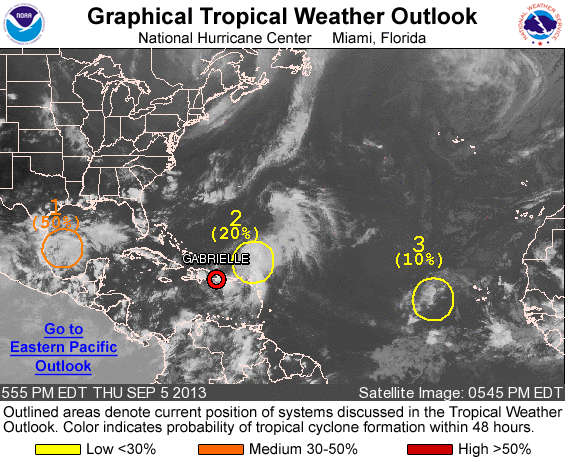
FOR THE NORTH ATLANTIC...CARIBBEAN SEA AND THE GULF OF MEXICO...

SPECIAL OUTLOOK ISSUED TO PROVIDE AN UPDATE ON SYSTEM IN THE SOUTHWESTERN GULF OF MEXICO.

THE NATIONAL HURRICANE CENTER IS ISSUING ADVISORIES ON TROPICAL DEPRESSION GABRIELLE...LOCATED NEAR THE SOUTHEAST COAST OF THE DOMINICAN REPUBLIC.

1. UPDATED...AN AIR FORCE RESERVE RECONNAISSANCE AIRCRAFT INVESTIGATED THE BROAD AREA OF LOW PRESSURE LOCATED ABOUT 150 MILES EAST OF TAMPICO MEXICO AND DID NOT FIND A WELL-DEFINED CENTER OF CIRCULATION. IN ADDITION...THE ASSOCIATED SHOWERS AND THUNDERSTORMS HAVE NOT BECOME ANY BETTER ORGANIZED OVER THE PAST SEVERAL HOURS. SOME DEVELOPMENT OF THIS SYSTEM IS STILL POSSIBLE...AND A TROPICAL DEPRESSION COULD FORM BEFORE THE LOW MOVES INLAND ALONG THE COAST OF MEXICO ON FRIDAY. THIS SYSTEM HAS A MEDIUM CHANCE...50 PERCENT...OF BECOMING A TROPICAL CYCLONE DURING THE NEXT 48 HOURS...AND A MEDIUM CHANCE...50 PERCENT...OF BECOMING A TROPICAL CYCLONE DURING THE NEXT 5 DAYS. REGARDLESS OF TROPICAL CYCLONE FORMATION...HEAVY RAIN AND GUSTY WINDS WILL BE POSSIBLE ALONG THE COAST OF THE MEXICAN STATES OF VERACRUZ AND TAMAULIPAS THROUGH FRIDAY.

2. A LARGE AREA OF DISORGANIZED SHOWERS AND THUNDERSTORMS...ASSOCIATED WITH A SURFACE TROUGH...EXTENDS FROM THE NORTHERN LEEWARD ISLANDS NEAR TROPICAL DEPRESSION GABRIELLE NORTHWARD OVER THE ATLANTIC WATERS FOR SEVERAL HUNDRED MILES. ANY DEVELOPMENT OF THIS SYSTEM IS EXPECTED TO BE SLOW DUE TO STRONG UPPER-LEVEL WINDS. THIS SYSTEM HAS A LOW CHANCE...20 PERCENT...OF BECOMING A TROPICAL CYCLONE DURING THE NEXT 48 HOURS AS IT MOVES NORTHWESTWARD AT 10 TO 15 MPH. SOME DEVELOPMENT COULD ALSO OCCUR IN A FEW DAYS WHEN THE SYSTEM MOVES NORTHEASTWARD AHEAD OF A COLD FRONT OVER THE CENTRAL ATLANTIC OCEAN. THIS SYSTEM HAS A MEDIUM CHANCE...30 PERCENT...OF BECOMING A TROPICAL CYCLONE DURING THE NEXT 5 DAYS.

3. A TROPICAL WAVE LOCATED ABOUT 500 MILES WEST-SOUTHWEST OF THE CAPE VERDE ISLANDS IS PRODUCING A LARGE AREA OF CLOUDINESS AND SHOWERS. DEVELOPMENT...IF ANY...IS EXPECTED TO BE LIMITED DUE TO DRY AIR...AND ENVIRONMENTAL CONDITIONS ARE FORECAST TO BECOME VERY UNFAVORABLE IN A COUPLE OF DAYS. THIS SYSTEM HAS A LOW CHANCE... 10 PERCENT...OF BECOMING A TROPICAL CYCLONE DURING THE NEXT 48 HOURS...AND A LOW CHANCE...10 PERCENT...OF BECOMING A TROPICAL CYCLONE DURING THE NEXT 5 DAYS WHILE IT MOVES TO THE WEST-NORTHWEST AT ABOUT 10 MPH.

OTHER SYSTEMS WITH FORMATION POTENTIAL BEYOND 48 HOURS...

A TROPICAL WAVE OVER AFRICA IS EXPECTED TO MOVE OVER THE FAR EASTERN ATLANTIC OCEAN IN A COUPLE OF DAYS...AND DEVELOPMENT OF THIS SYSTEM IS POSSIBLE OVER THE WEEKEND INTO EARLY NEXT WEEK. THIS SYSTEM HAS A LOW CHANCE...NEAR 0 PERCENT...OF BECOMING A TROPICAL CYCLONE DURING THE NEXT 48 HOURS...AND A MEDIUM CHANCE...30 PERCENT...OF BECOMING A TROPICAL CYCLONE DURING THE NEXT 5 DAYS.

FIVE-DAY FORMATION PROBABILITIES ARE EXPERIMENTAL IN 2013. COMMENTS ON THE EXPERIMENTAL FORECASTS CAN BE PROVIDED AT...

HTTP://WWW.NWS.NOAA.GOV/SURVEY/NWS-SURVEY.PHP?CODE=ETWO

FORECASTER PASCH/BRENNAN